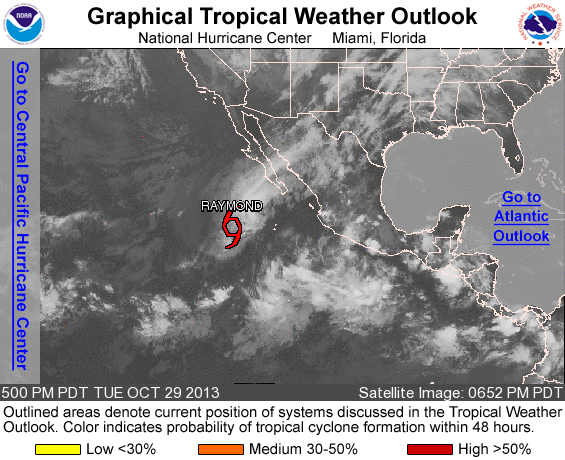
FOR THE EASTERN NORTH PACIFIC...EAST OF 140 DEGREES WEST LONGITUDE..

THE NATIONAL HURRICANE CENTER IS ISSUING ADVISORIES TROPICAL STORM RAYMOND...LOCATED SEVERAL HUNDRED MILES SOUTHWEST OF THE SOUTHERN TIP OF THE BAJA CALIFORNIA PENINSULA.

TROPICAL CYCLONE FORMATION IS NOT EXPECTED DURING THE NEXT 48 HOURS.

OTHER SYSTEMS WITH FORMATION POTENTIAL BEYOND 48 HOURS...

AN AREA OF LOW PRESSURE IS EXPECTED TO FORM SEVERAL HUNDRED MILES SOUTHWEST OF THE COAST OF MEXICO DURING THE NEXT COUPLE OF DAYS. ENVIRONMENTAL CONDITIONS ARE EXPECTED TO BECOME MORE CONDUCIVE FOR DEVELOPMENT LATER THIS WEEK WHILE THE DISTURBANCE MOVES NORTHWESTWARD OR NORTHWARD AT 5 TO 10 MPH. THIS SYSTEM HAS A LOW CHANCE...NEAR 0 PERCENT...OF BECOMING A TROPICAL CYCLONE DURING THE NEXT 48 HOURS...AND A MEDIUM CHANCE...50 PERCENT...OF BECOMING A TROPICAL CYCLONE DURING THE NEXT 5 DAYS.

&&
FIVE-DAY FORMATION PROBABILITIES ARE EXPERIMENTAL IN 2013. COMMENTS ON THE EXPERIMENTAL FORECASTS CAN BE PROVIDED AT...

HTTP://WWW.NWS.NOAA.GOV/SURVEY/NWS-SURVEY.PHP?CODE=ETWO

FORECASTER BEVEN